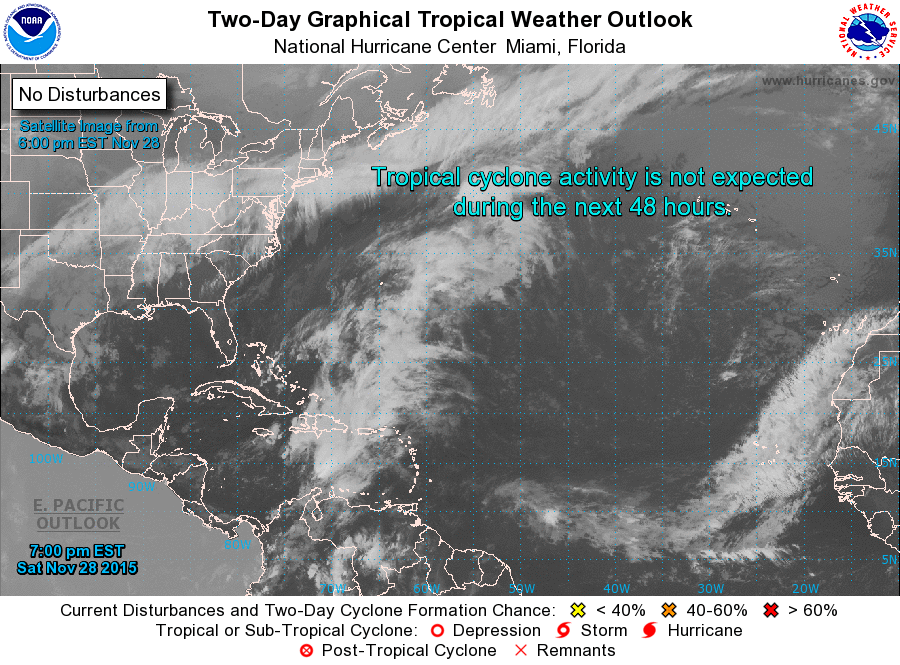
For the North Atlantic...Caribbean Sea and the Gulf of Mexico:

Tropical cyclone formation is not expected during the next 5 days.

Forecaster Berg